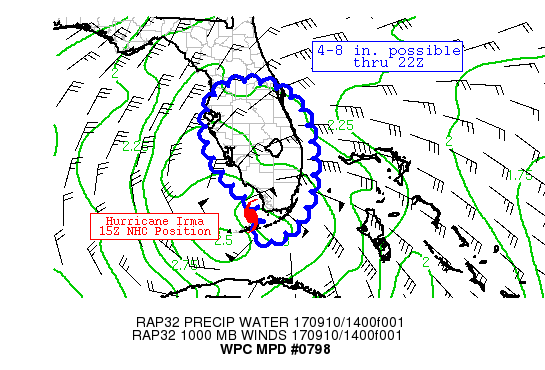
AREAS AFFECTED...CENTRAL AND SOUTHERN FL

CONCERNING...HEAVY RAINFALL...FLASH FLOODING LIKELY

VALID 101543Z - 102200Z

SUMMARY...FLASH FLOODING IS LIKELY THROUGH LATE AFTERNOON AS
SPIRAL BANDS ASSOCIATED WITH HURRICANE IRMA PRODUCE LOCALIZED
RAINFALL RATES AS HIGH AS 3 IN/HR.

DISCUSSION...HURRICANE IRMA WAS POSITIONED NORTH OF THE LOWER
FLORIDA KEYS AS OF 15Z AND THE NATIONAL HURRICANE CENTER IS
FORECASTING IT TO CONTINUE MOVING NORTH-NORTHWEST ALONG THE
WESTERN COAST OF FLORIDA THROUGH TONIGHT. CURRENT RADAR ESTIMATES
SUGGEST RAINFALL RATES OF 1-2 IN/HR IN SOUTHEAST TO NORTHWEST
ORIENTED BANDS ACROSS SOUTHERN FLORIDA, NORTHEAST OF THE STORM'S
EYE. IN THE EYE WALL (CURRENTLY OFFSHORE), RADAR ESTIMATES
INDICATE RATES UP TO 3 IN/HR. THESE ESTIMATES WERE SUPPORTED BY
THE NATIONAL KEY DEER NWR RAWS SITE, WHICH MEASURED 3.16 INCHES IN
ONE HOUR AS THE EYE WALL PASSED THROUGH. GIVEN THE EFFECT OF
EXTREME WINDS ON RAIN GAUGE MEASUREMENTS, ACTUAL AMOUNTS WERE
LIKELY HIGHER, AND RADAR RAINFALL ESTIMATES IN THE EYE WALL ARE
LIKELY UNDERDONE. LATEST SPC/RAP MESOANALYSIS INDICATES PWAT
VALUES OF 2.7-2.9 IN. ACROSS SOUTHERN FL GOES-13 AND EXPERIMENTAL
GOES-16 INFRARED IMAGERY SUGGEST A MODEST IMPROVEMENT IN THE
STORM'S CENTRAL DENSE OVERCAST OVER THE PAST HOUR, WITH AN
EXPANSION OF CLOUD TOPS APPROACHING -80 DEG C. LOW-LEVEL WATER
VAPOR IMAGERY SHOW VERY DRY AIR WRAPPING AROUND THE WESTERN SIDE
OF IRMA, BUT AT THIS TIME THE DRY AIR IS FAILING TO SIGNIFICANTLY
PENETRATE THE STORM'S CORE, KEEPING PWATS HIGH.

AS HURRICANE IRMA CONTINUES TO MOVE NORTH-NORTHWESTWARD ALONG THE
WESTERN FL COAST THROUGH THIS AFTERNOON, SPIRAL BANDS ARE EXPECTED
TO CONTINUE AFFECTING THE CENTRAL AND SOUTHERN FL PENINSULA. A
DIURNAL INCREASE IN INSTABILITY (MLCAPES INCREASING TO 500-1000
J/KG) DURING THE AFTERNOON, ALONG WITH CONTINUED VERY HIGH PWATS,
SHOULD INCREASE PRECIPITATION EFFICIENCY. AS A RESULT, RAINFALL
RATES OF 2-3 IN/HR ARE POSSIBLE. AS OF 15Z THE EYE WALL IS
POSITIONED OFFSHORE, BUT ANY AREAS WHERE THE EYE WALL BRUSHES THE
WESTERN FL COAST WOULD SEE THE POTENTIAL FOR 3+ IN/HR RAINFALL
RATES. ADDITIONAL RAINFALL AMOUNTS OF 4-8 INCHES ARE EXPECTED
THROUGH 22Z, WITH LOCALLY HIGHER AMOUNTS POSSIBLE. THESE
ADDITIONAL AMOUNTS ON TOP OF HEAVY RAINS WHICH HAVE ALREADY FALLEN
ACROSS MUCH OF THE AREA WILL LEAD TO THE LIKELIHOOD OF  FLASH
FLOODING.